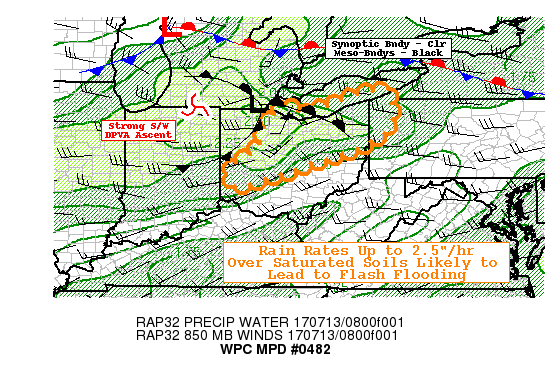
AREAS AFFECTED...NORTHERN & CENTRAL OH...NORTHWEST PA

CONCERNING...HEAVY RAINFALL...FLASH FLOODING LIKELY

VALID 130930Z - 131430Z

SUMMARY...STRONG MOISTURE CONVERGENCE AND FLUX SUPPORTS HEAVY
RAINFALL ACROSS SATURATED GROUNDS LEADING TO FLASH FLOODING
CONDITIONS.

DISCUSSION...COMPACT MCV CURRENTLY TRACKING THROUGH NORTHEAST IND
CONTINUES TO PROVIDE EXCELLENT DPVA IN ADVANCE OF IT ACROSS
NORTHERN OHIO.  THIS ASCENT IS FURTHER SUPPORTED BY RIGHT ENTRANCE
REGION TO 70-80KT SPEED MAX CURRENTLY CROSSING N MI. THIS UPPER
LEVEL SUPPORT HAS LEAD TO A WEAK SURFACE INFLECTION IN SE MI WITH
A OUTFLOW BOUNDARY/EFFECTIVE COLD FRONT DRAPING SOUTHWARD ACROSS
NW OH AND TRAILING ACROSS E CENTRAL IND ATTM.  WEAK PSEUDO WARM
FRONT ALSO EXISTS AT INTERSECTION OF CONFLUENT 850MB FLOW BETWEEN
TOLEDO TO SANDUSKY EXTENDING EASTWARD FROM IT.
WAA ACROSS THIS CONFLUENCE ZONE HAS SPARKED CONVECTION AHEAD OF
MAIN ARC OF THUNDERSTORMS WITH EVEN NEW CELLS AS FAR EAST AS
PORTAGE COUNTY OH.

ALONG THE OUTFLOW BOUNDARY...STRONG MST CONVERGENCE AT THE NOSE OF
DEEP SATURATED PROFILES ACROSS NW OH WHERE TPWS HAVE RISEN TO
2.25".  THIS COMBINED WITH THE FLUX ALLOWS FOR HOURLY RAIN RATES
UP TO 2.5"/HR. FORWARD PROPAGATION DUE TO STRENGTH OF NEARLY
UNIDIRECTIONAL FLOW ACROSS N OHIO IS LIKELY TO LIMIT SOME OF THE
OVERALL RAIN TOTALS THOUGH PRECURSORY CELLS ALONG EFFECTIVE WARM
FRONT MAY ALLOW FOR REPEAT TRACKS.  AS SUCH HI-RES CAMS ARE
SUGGESTIVE OF 3-6 HOURLY TOTALS OF 2-4" ACROSS N OHIO; GIVEN
SATURATED SOILS AND LOWERED FFG (GENEARALLY BELOW 2"/3HRS) VALUES
DUE TO 400-600% OF NORMAL RAINFALL OVER THE LAST 7 DAYS PER
AHAPS/MRMS DATASETS FLASH FLOODING IS CONSIDERED LIKELY.

FURTHER SOUTH...THE TRAILING FRONTAL ZONE DUE TO SLOWER MID-LEVEL
STEERING FLOW WILL STALL GENERALLY FROM DAYTON TO COLUMBUS REGION
WHILE CONTINUED CONFLUENT LOW LEVEL FLOW SHOULD BE SUFFICIENT FOR
ENOUGH MOISTURE CONVERGENCE TO ALLOW FOR THE POSSIBILITY OF
ADDITIONAL CONVECTION THOUGH IT MAY BE A BIT MORE SCATTERED IN
NATURE.  ADDITIONALLY THERE WILL BE A GREATER POTENTIAL FOR
BACKBUILDING AS WELL AS TRAINING AS THE BOUNDARY FLATTENS TO BE
NEAR PARALLEL TO STEERING FLOW IF THE CONVECTION DOES INDEED
DEVELOP.  CONFIDENCE IS A BIT LESS HERE DUE TO THE CONTINGENCY OF
SUFFICIENT CONVERGENCE IN THE WAKE OF WEAKENING FLOW/EXITING
SHORTWAVE TO THE NORTHEAST.